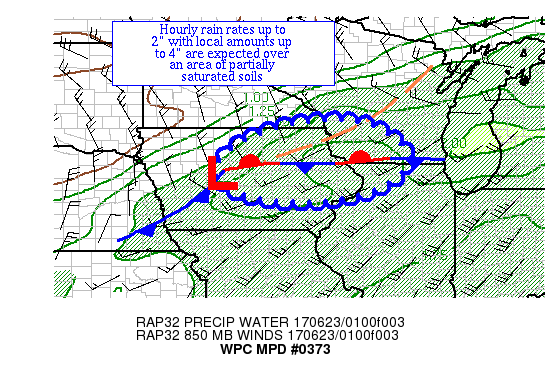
AREAS AFFECTED...EASTERN IA & SOUTHWEST WI

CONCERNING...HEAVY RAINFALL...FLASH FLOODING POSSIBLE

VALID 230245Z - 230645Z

SUMMARY...THUNDERSTORMS ARE INCREASING IN COVERAGE OVER AN AREA
WITH PARTIALLY SATURATED SOILS.  HOURLY RAIN RATES TO 2" WITH
LOCAL AMOUNTS TO 4" ARE EXPECTED.

DISCUSSION...THUNDERSTORMS ARE BLOSSOMING ACROSS NORTHEAST IA
AHEAD OF A FRONTAL WAVE.  THIS IS OCCURRING TO THE SOUTH OF AN
UPPER LOW LOCATED ACROSS SOUTHEAST MANITOBA, WHICH AIDED
DIVERGENCE ALOFT.  PRECIPITABLE WATER VALUES ARE 1.5-1.75" PER
RECENT GPS VALUES.  INFLOW AT 850 HPA IS 15-25 KTS PER VAD WIND
PROFILES, NEAR THE MAGNITUDE OF THE MEAN 850-400 HPA WIND.
EFFECTIVE BULK SHEAR IS NEAR 40 KTS, WHICH APPEARS TO BE LEADING
TO THE FORMATION OF MESOCYCLONES WHICH ARE ENHANCING RAIN RATES.

INCREASING CELL COVERAGE IS EXPECTED OVER THE SHORT TERM.
PROGRESSION IS EXPECTED AS THE FRONTAL ZONE SAGS SOUTHEAST, MOVING
THE FRONTAL WAVE EASTWARD WITH TIME.  INITIALLY STORMS HAVE BEEN
MOVING EAST TO EAST-NORTHEAST AT ~25 KTS WITH THE FORWARD
PROPAGATING CONVECTIVE VECTORS.  HOWEVER, CELL COVERAGE SHOULD EAT
AWAY AS AVAILABLE INSTABILITY AND ALLOW STORMS WITH HEAVIER RAIN
RATES TO DROP EAST-SOUTHEAST PARALLEL TO THE 1000-500 HPA
THICKNESS PATTERN.  THE 12Z SPC WRF AND 00Z HRRR RUNS APPEAR TO
HAVE CAPTURED THE AREA OF IMPACT THE PAST OVER THE NEXT FOUR
HOURS.  HOURLY RAIN RATES UP TO 2", WITH LOCAL AMOUNTS TO 4", ARE
EXPECTED.  FLASH FLOODING IS A CONCERN SINCE 3-7" OF RAIN HAS
FALLEN ACROSS PORTIONS OF THIS AREA OVER THE PAST 42 HOURS, WHICH
HAS PARTIALLY SATURATED SOILS.